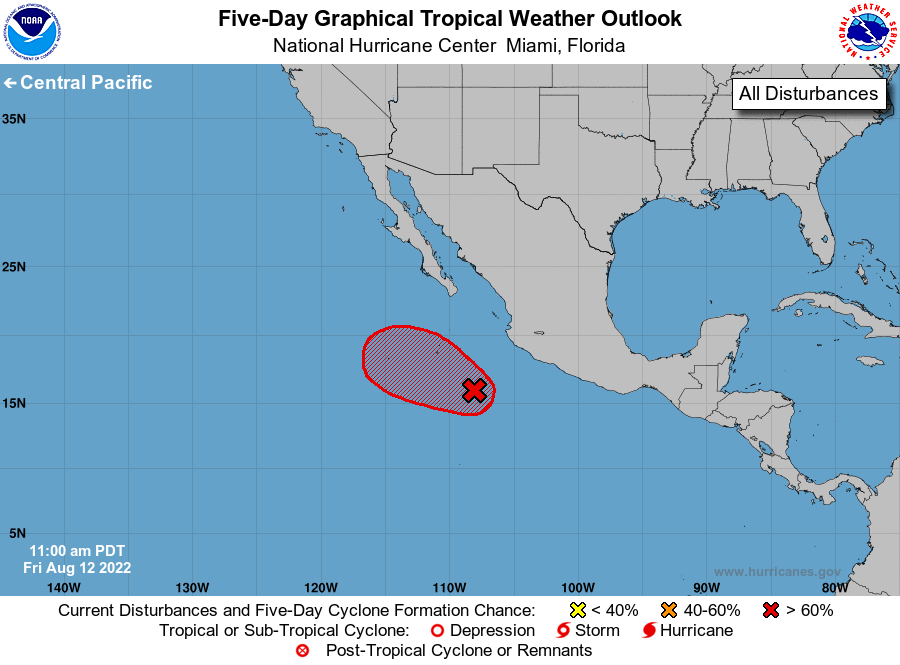
For the eastern North Pacific...east of 140 degrees west longitude:

1. Offshore of Southwestern Mexico: Showers and thunderstorms associated with an area of low pressure located a few hundred miles southwest of Manzanillo, Mexico, have changed little in organization during the past several hours. This system is still likely to become a short-lived tropical cyclone during the next day or so before upper-level winds become unfavorable for development on Sunday. The low is forecast to move west-northwestward at about 10 mph well offshore the coast of Mexico during the next few days.
* Formation chance through 48 hours...high...70 percent.
* Formation chance through 5 days...high...70 percent.

Forecaster Cangialosi